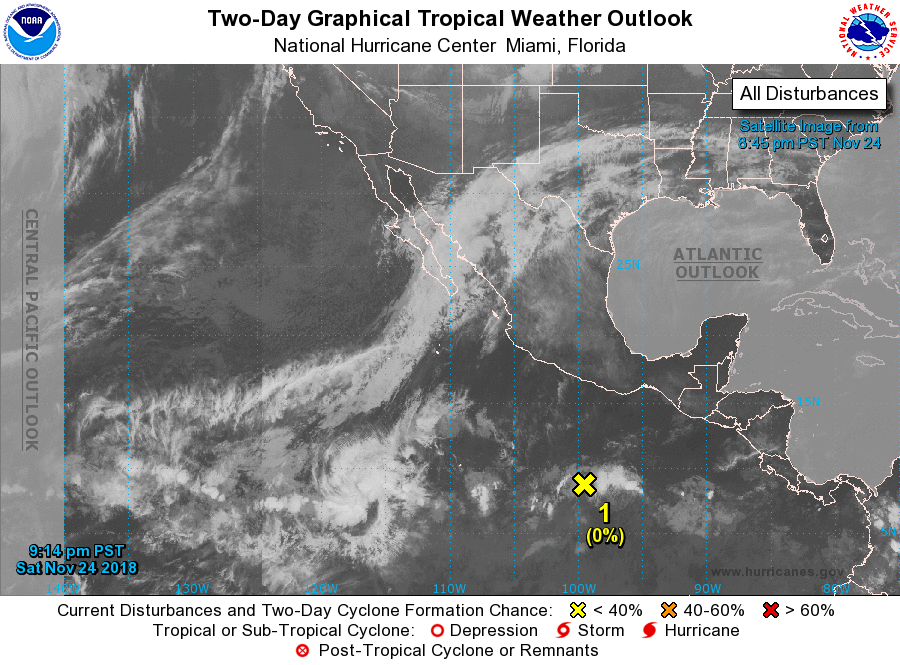
For the eastern North Pacific...east of 140 degrees west longitude:

1. A low pressure system located more than 500 miles south of Acapulco, Mexico, continues to produce minimal shower activity. However, environmental conditions are expected to become somewhat conducive for gradual development during the next several days while the disturbance moves slowly westward or northwestward.
* Formation chance through 48 hours...low...near 0 percent.
* Formation chance through 5 days...low...30 percent.

Forecaster Stewart